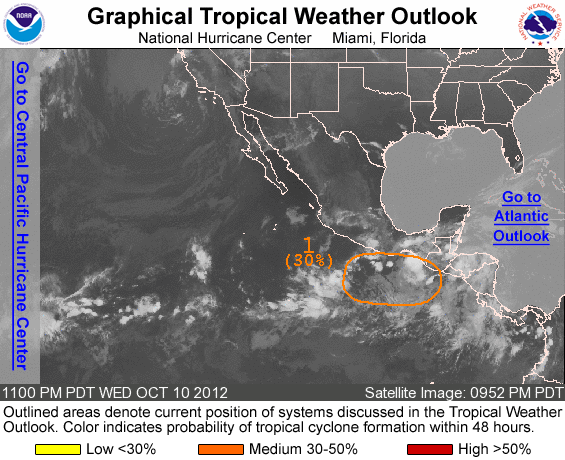
FOR THE EASTERN NORTH PACIFIC...EAST OF 140 DEGREES WEST LONGITUDE..

1. SHOWER AND THUNDERSTORM ACTIVITY REMAINS DISORGANIZED IN ASSOCIATION WITH AN ELONGATED TROUGH OF LOW PRESSURE THAT EXTENDS OFFSHORE OF THE COAST OF CENTRAL AMERICA AND SOUTHERN MEXICO FOR SEVERAL HUNDRED MILES. HOWEVER...CONDITIONS APPEAR CONDUCIVE FOR SOME GRADUAL DEVELOPMENT OF THIS LARGE DISTURBANCE OVER THE NEXT FEW DAYS AS IT MOVES SLOWLY WESTWARD. THIS SYSTEM HAS A MEDIUM CHANCE...30 PERCENT...OF BECOMING A TROPICAL CYCLONE DURING THE NEXT 48 HOURS.

ELSEWHERE...TROPICAL CYCLONE FORMATION IS NOT EXPECTED DURING THE NEXT 48 HOURS.

FORECASTER STEWART